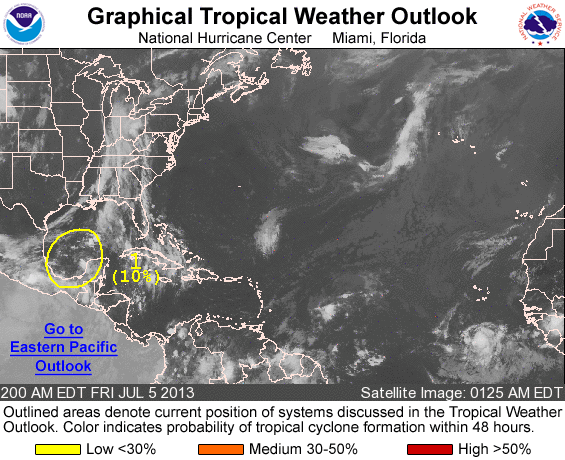
FOR THE NORTH ATLANTIC...CARIBBEAN SEA AND THE GULF OF MEXICO...

1. A TROUGH OF LOW PRESSURE WITH A FEW SHOWERS AND THUNDERSTORMS IS OVER THE SOUTHWESTERN GULF OF MEXICO. DEVELOPMENT...IF ANY...WILL BE SLOW TO OCCUR AS THE TROUGH DRIFTS TOWARD THE NORTHWEST. THIS SYSTEM HAS A LOW CHANCE...10 PERCENT...OF BECOMING A TROPICAL CYCLONE DURING THE NEXT 48 HOURS.

ELSEWHERE...TROPICAL CYCLONE FORMATION IS NOT EXPECTED DURING THE NEXT 48 HOURS.

FORECASTER LANDSEA